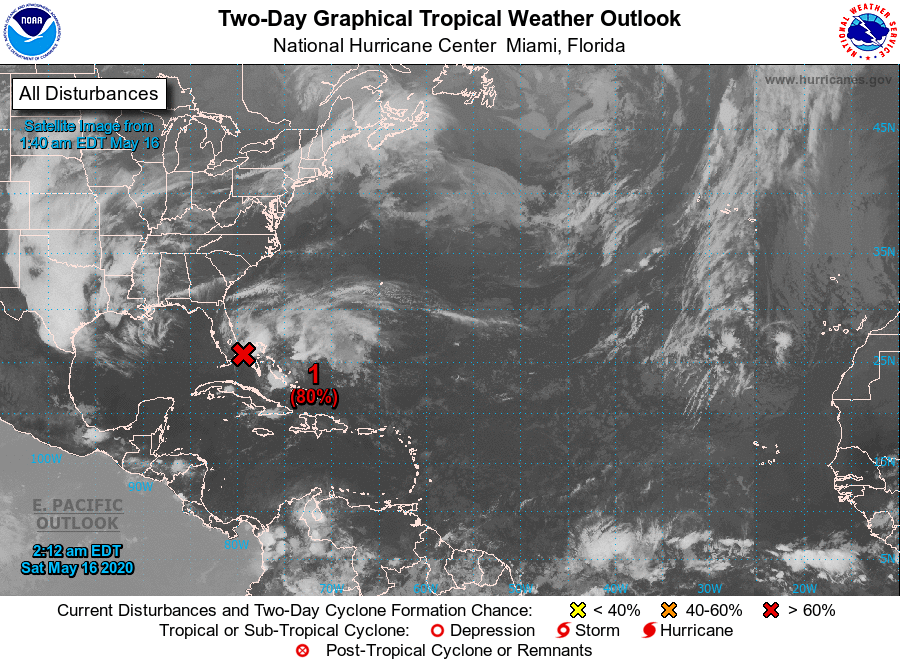
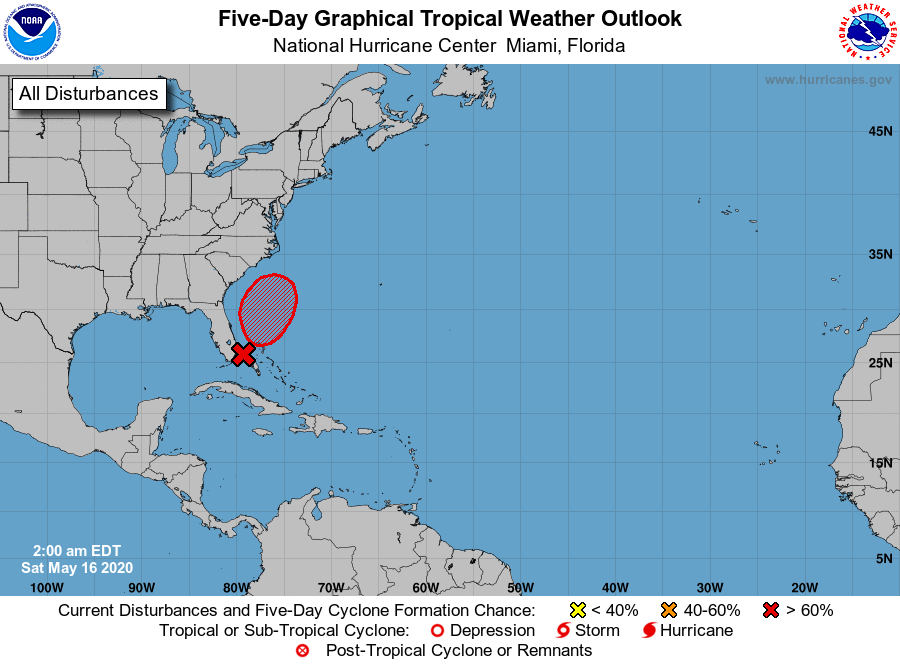
For the North Atlantic...Caribbean Sea and the Gulf of Mexico:

Special Tropical Weather Outlook issued to discuss the potential for tropical or subtropical development off the east coast of Florida.

A broad area of low pressure located near the southeast coast of Florida continues to produce disorganized shower activity and gusty winds from portions of southern Florida and the northwestern Bahamas northeastward over the adjacent Atlantic waters. Gradual development is still expected, and the system is likely to become a tropical or subtropical depression or storm later today while it passes the northwestern Bahamas and moves north-northeastward over the Atlantic waters east of Florida. Later in the weekend and early next week, the system is expected to move generally northeastward over the western Atlantic east of the Carolinas.

1. Regardless of development, the disturbance will continue to bring heavy rainfall and gusty winds across portions of southeastern Florida and the northwestern Bahamas through today. In addition, hazardous marine conditions will continue off the Florida east coast and in the Bahamas, where Gale Warnings are currently in effect. Dangerous surf conditions and rip currents are also possible along portions of the southeast U.S. coast this weekend and early next week. See products from your local weather office and High Seas Forecasts for more details. An Air Force Reserve Hurricane Hunter aircraft is scheduled to investigate the disturbance this morning. The next Special Tropical Weather Outlook on this system will be issued by 9 AM EDT Saturday morning, or earlier if needed.
* Formation chance through 48 hours...high...80 percent.
* Formation chance through 5 days...high...80 percent.

High Seas Forecasts issued by the National Weather Service can be found under AWIPS header NFDHSFAT1, WMO header FZNT01 KWBC, and available on the Web at ocean.weather.gov/shtml/NFDHSFAT1.shtml.

Forecaster Pasch